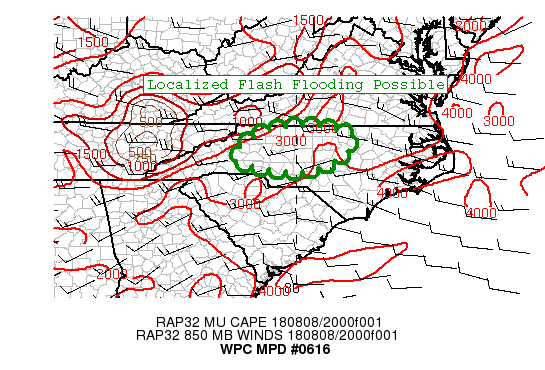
Areas affected...North Carolina

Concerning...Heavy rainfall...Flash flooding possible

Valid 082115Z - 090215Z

Summary....A localized flash flood threat exists into the evening
hours across portions of North Carolina.

Discussion...Convection has expanded in coverage across portions
of North Carolina this afternoon...developing ahead of a well
defined shortwave over eastern Kentucky. These storms are
developing in an environment characterized by high instability,
MLCAPE greater than 2000 J/KG, and high moisture, PWs around 2".
Thus continue to anticipate the potential for locally intense
rainfall rates.

Cell motions are pretty quick off to the east, which is generally
limiting the duration of heaviest rainfall rates. Although do note
several separate clusters of storms, a few eastward moving north
to south line segments, and a separate west to east segment across
north central North Carolina. This does suggest that some cell
mergers are likely over the next few hours, locally extending the
duration of heavier rates. Also of note is locally heavy
antecedent rainfall that has lowered flash flood guidance (FFG)
some over central NC. The combination of lowered FFG and cell
merger potential, suggests that a localized flash flood threat
exists into the evening hours.